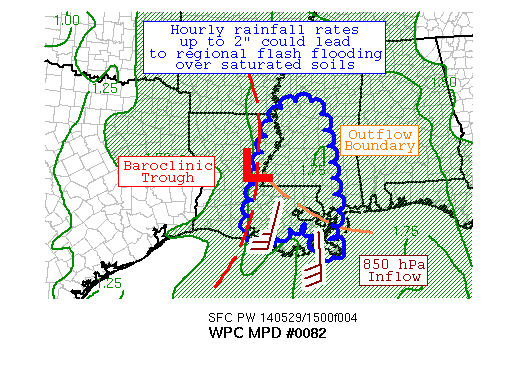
AREAS AFFECTED...EASTERN LA AND WESTERN MS

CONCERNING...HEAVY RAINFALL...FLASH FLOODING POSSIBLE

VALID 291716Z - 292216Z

SUMMARY...THUNDERSTORMS WITH HEAVY RAINFALL ARE EXPECTED TO
DEVELOP AND MOVE INTO THIS REGION OVER THE NEXT SEVERAL HOURS.
RAINFALL RATES UP TO 2" AN HOUR IN STRONGER STORMS COULD CAUSE
REGIONAL FLASH FLOODING OVER SATURATED SOILS.

DISCUSSION...AN AREA OF HEAVY RAINFALL LIES JUST AHEAD OF A
BAROCLINIC TROUGH NEAR THE ATCHAFALAYA BASIN.  NEW ACTIVITY IS
BEGINNING TO FORM NEAR THE PEARL RIVER BASIN ASSOCIATED WITH AN
850 HPA WIND MAXIMUM AND AN OUTFLOW BOUNDARY RETURNING NORTHWARD.
CAPES IN THE REGION REMAIN NEAR OR ABOVE 1000 J/KG, AND 0-3 KM
SHEAR REMAINS 25-30 KNOTS.  COMBINED WITH PRECIPITABLE WATER
VALUES NEAR 1.75" -- NEAR THE 90TH PERCENTILE FOR LATE MAY -- AND
THE LOWER THRESHOLD FOR THE WET MULTI-CELL ENVIRONMENT IS MET.

NOW THAT THEY HAVE A GENERAL HANDLE ON THE CONVECTION IN THE
NORTH-CENTRAL GULF OF MEXICO, THE 12Z MESOSCALE GUIDANCE HAS
SIGNIFICANTLY CONVERGED TOWARDS A SIGNAL FOR HEAVY RAINFALL THIS
AFTERNOON STRETCHING FROM SOUTHEAST LA UP THE MISSISSIPPI RIVER
ACROSS WEST-CENTRAL MS, WITH THE NORMALLY WETTER SPC WRF AND ARW
ADVERTISING LOCAL MAXIMA OF 5-7".  THIS SETUP IS REMINISCENT OF
THAT OF MAY 14 -- MPD #0057 -- THOUGH FARTHER TO THE WEST.
REGIONAL FLASH FLOODING IS CONSIDERED POSSIBLE IN THIS REGION, AS
RAINFALL RATES IN STRONGER CELLS ARE EXPECTED TO REACH 2" AN HOUR,
WITH LOCAL RAINFALL AMOUNTS POTENTIALLY REACHING 5" OVER THE NEXT
SEVERAL HOURS.